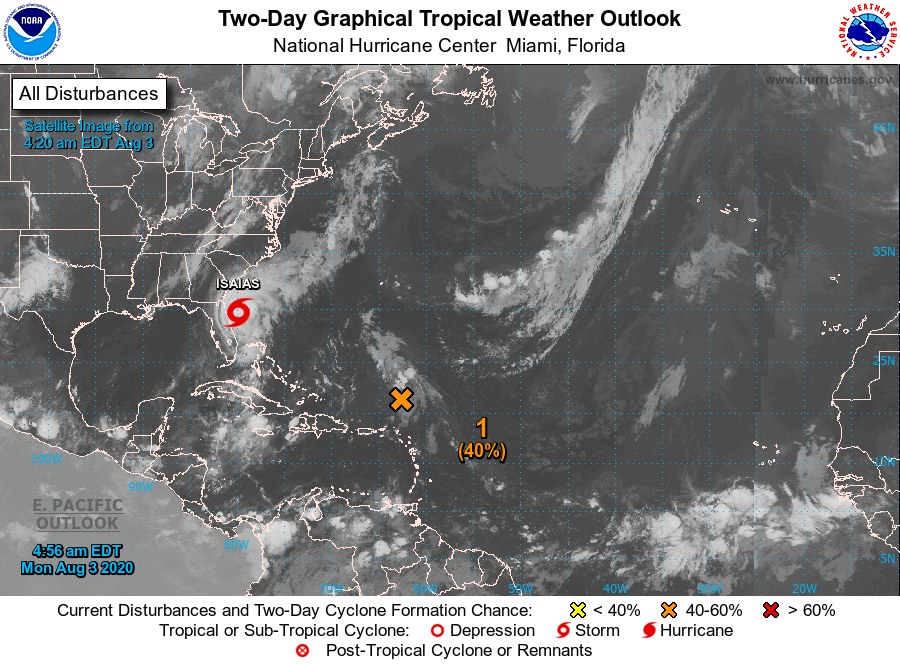
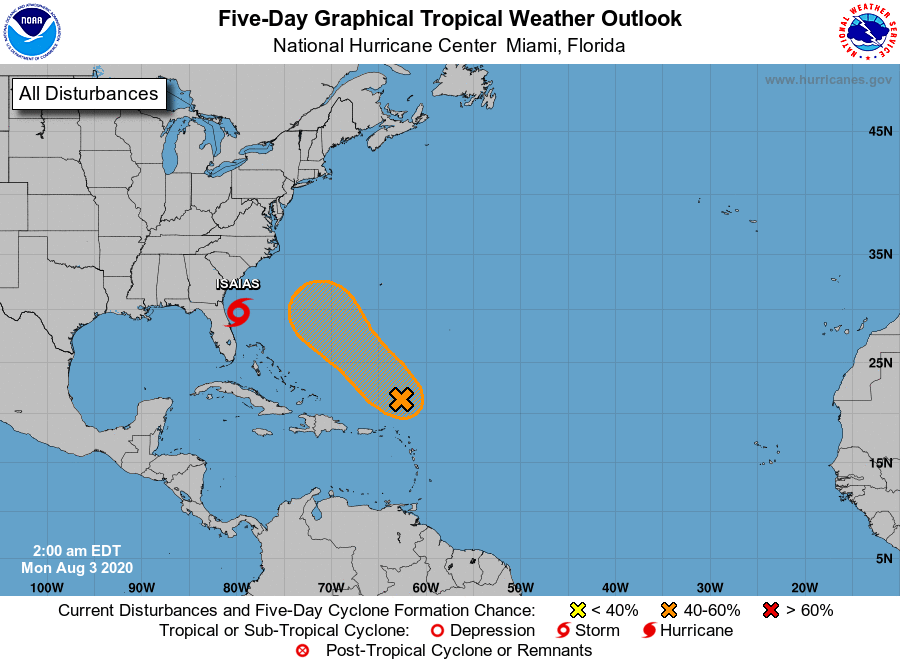
For the North Atlantic...Caribbean Sea and the Gulf of Mexico:

The National Hurricane Center is issuing advisories on Tropical Storm Isaias, located just offshore of east-central Florida.

1. Recent satellite-derived wind data indicate that the area of disturbed weather located a few hundred miles north of the northern Leeward Islands does not have a surface circulation, and the associated shower activity is not well organized. However, environmental conditions could allow for some slow development of this system during the next several days, with a tropical depression possibly forming later this week. This system is forecast to move northwestward at about 15 mph over the southwestern Atlantic today and on Tuesday and then stall several hundred miles southwest of Bermuda by the middle to latter part of the week.
* Formation chance through 48 hours...medium...40 percent.
* Formation chance through 5 days...medium...60 percent.

Forecaster Berg